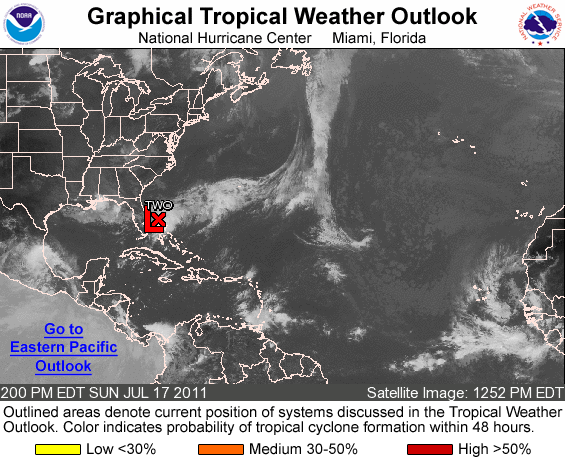
FOR THE NORTH ATLANTIC...CARIBBEAN SEA AND THE GULF OF MEXICO...

1. SHOWERS AND THUNDERSTORMS ASSOCIATED WITH A BROAD AREA OF LOW PRESSURE LOCATED ABOUT 125 MILES EAST OF MELBOURNE FLORIDA HAVE CHANGED LITTLE IN ORGANIZATION OVER THE PAST SEVERAL HOURS. UPPER-LEVEL WINDS HAVE BECOME A LITTLE MORE CONDUCIVE FOR DEVELOPMENT TODAY...AND THIS SYSTEM HAS A MEDIUM CHANCE...40 PERCENT...OF BECOMING A TROPICAL CYCLONE DURING THE NEXT 48 HOURS AS IT MOVES LITTLE. AN AIR FORCE RESERVE HURRICANE HUNTER AIRCRAFT IS ENROUTE TO INVESTIGATE THE AREA LATER TODAY.

ELSEWHERE...TROPICAL CYCLONE FORMATION IS NOT EXPECTED DURING THE NEXT 48 HOURS.

FORECASTER PASCH/STEWART